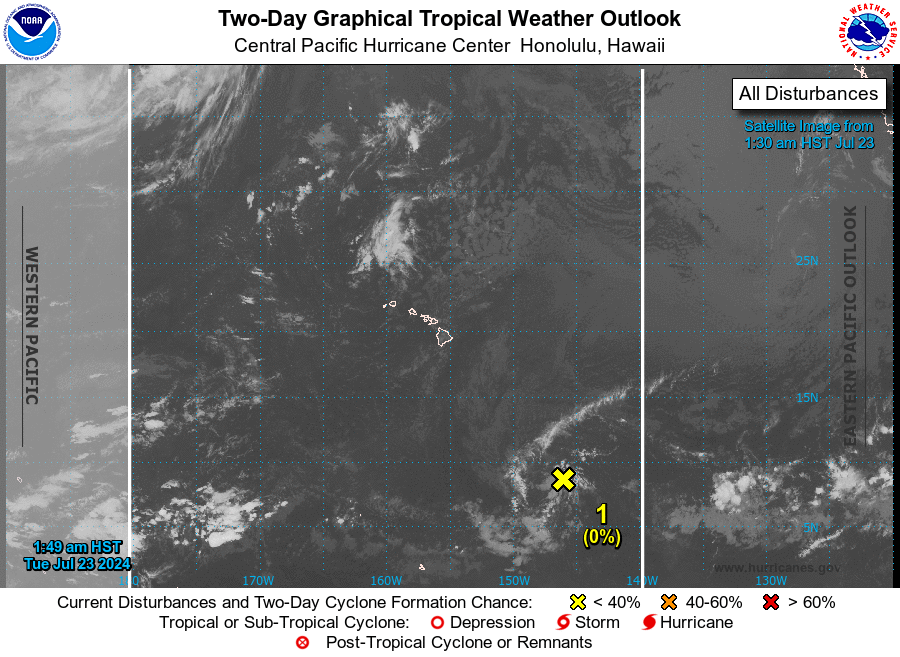
For the central North Pacific...between 140W and 180W:

1. Approximately 950 miles southeast of Hilo, Hawaii: Disorganized showers continue to dissipate over the far eastern portion of the central Pacific basin associated with a trough of low pressure. Environmental conditions are not favorable for development as the system moves westward into an area of increasing shear.
* Formation chance through 48 hours...low...near 0 percent.
* Formation chance through 7 days...low...near 0 percent.

Forecaster M Ballard